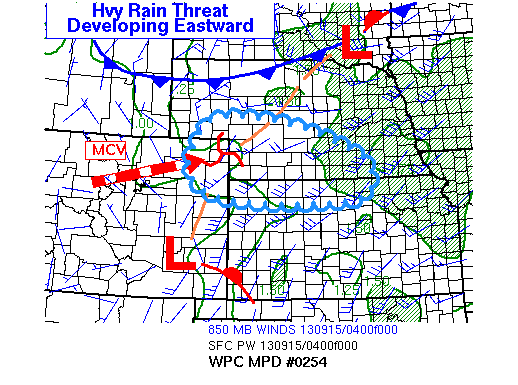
AREAS AFFECTED...SRN NE...NRN KS...FAR NE CO

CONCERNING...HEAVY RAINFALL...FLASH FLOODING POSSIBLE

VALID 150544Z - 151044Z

SUMMARY...SLOW MOVING STORMS WITH HEAVY RAIN WILL FOCUS NEAR A
DEVELOPING MESOSCALE CONVECTIVE VORTEX AND EXTEND EASTWARD IN A
ZONE OF FOCUSED WARM ADVECTION. DESPITE HIGHER FLASH FLOOD
GUIDANCE VALUES...EFFICIENT RAIN PROCESS MAY PRODUCE LOCALIZED 2-4
INCH STORM TOTALS BY MORNING...WITH ASSOCIATED RISK OF FLASH
FLOODING.

DISCUSSION...THE HIGH RESOLUTION MODELS...EVEN THOSE INITIALIZED
AT 00Z...ARE NOT WELL HANDLING THE CONVECTION OVER THE TRI-STATE
AREA OF CO/NE/KS. OBSERVATIONS...HOWEVER...ARE RATHER CLEAR CUT IN
SHOWING CONVECTION PERSISTING AND EVEN BLOSSOMING EASTWARD...IN
ASSOCIATION WITH A DEVELOPING MCV OVER NE CO WHERE THE GREATER
VOLUME OF CAPE HAS BEEN RELEASED...AND OUT INTO A ZONE OF
INCREASING UPGLIDE ON THE 305-310 K ISENTROPIC SURFACE. ALL THIS
IS LOCATED AT THE NORTHERN EDGE OF A RESERVOIR OF MUCAPE RUNNING
500-1000 J/KG OVER WESTERN KS.

GLOBAL MODELS SEEM A LITTLE MORE REASONABLE IN DEPICTING AN
EASTWARD EXTENSION OF QPF ALONG THE KS/NE BORDER EVEN INTO EASTERN
AREAS OF THOSE STATES BY 12Z TODAY. THE HI-RES GUIDANCE...AS IS
SOMETIMES THE CASE...MAY SIMPLY BE MIS-TIMED...AS THEY SHOW THIS
SAME AXIS OCCURRING 12-18Z. THE GUESS HERE IS THAT BASED ON THE
CLEAR TENDENCY FOR NEW DEVELOPMENT IN SRN NE AT 05Z...AND STRONGLY
FOCUSED UPGLIDE PREDICTED BY THE NAM ALONG THE STATE LINE AT
06-12Z...A CONVECTIVE EVENT WILL LIKELY CONTINUE TO UNFOLD AND
INCREASE IN COVERAGE THROUGH 12Z.

ENVIRONMENT IS CHARACTERIZED BY PW VALUES AROUND 1.2-1.4 INCHES.
RAIN RATES LOOK TO BE VERY EFFICIENT JUDGING BY DEPTH OF THE
STORMS...TOPS OBSERVED OVER 40 THOUSAND FEET...ABSENCE OF HAIL AND
PREVALENCE OF KDP VALUES 1.5-3.0 PER DUAL POL DATA. DUAL POL
PERFORMED WELL IN THE WARM RAIN PROCESSES OVER THE PAST FEW DAYS.
THE MID/UPPER ENVIRONMENT HAS DRIED...WHICH COULD YIELD SOME
OVER-ESTIMATION...BUT LEGACY AMOUNTS ARE ONLY 0.5-1.0 INCHES
LESS...AT AROUND 1.5-2.5 INCHES PER HOUR IN THE STRONGEST CORES.
CONCERN IS THAT WITH INDIVIDUAL CELL MOTION AND MCS MOTION
PREDICTED AT 5-15 KT IN THIS ZONE OF LIGHT UPPER WINDS BUT
SUSTAINED LOW LEVEL INFLOW...HEAVY RAIN TOTALS AND SOME FLASH
FLOODING COULD RESULT THROUGH MORNING.